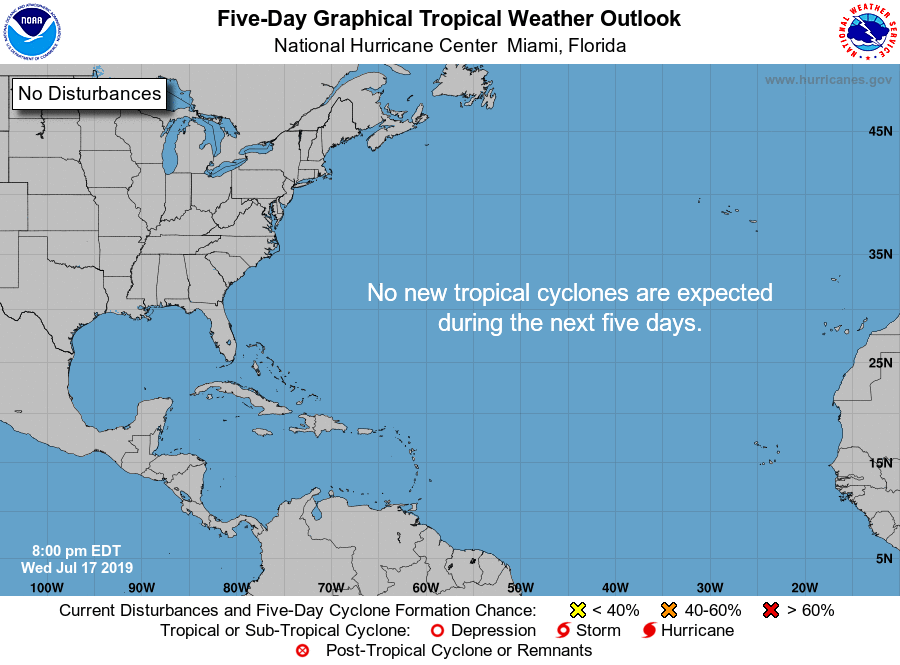
For the North Atlantic...Caribbean Sea and the Gulf of Mexico:

The Weather Prediction Center has issued its last advisory on Post-Tropical Cyclone Barry, located over Ohio.

Tropical cyclone formation is not expected during the next 5 days.

Forecaster Blake